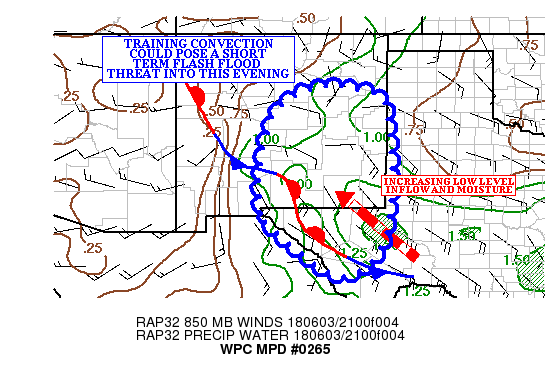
AREAS AFFECTED...CENTRAL AND SOUTHERN NM...FAR WEST TX

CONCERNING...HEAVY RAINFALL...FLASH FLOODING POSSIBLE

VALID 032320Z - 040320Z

SUMMARY...CONVECTION TRAINING ACROSS PORTIONS OF NM INTO FAR WEST
TX COULD POSE A FLASH FLOOD THREAT INTO THE EARLY EVENING HOURS.

DISCUSSION...REGIONAL RADARS ACROSS NM SHOWED BANDS OF CONVECTION
TRACKING EAST NORTHEAST ACROSS CENTRAL AND SOUTHERN NM IN THE MID
LEVEL FLOW. THE CONVECTION IS MOVING THROUGH AN AREA OF 1000 J/KG
OF MLCAPE...AND THE GOES-16 CLEAN IR LOOP SHOWED BURSTS OF COLD
CLOUD TOPS REACHING MINUS 70 DEGREE CELSIUS AT TIMES. THE
CONVECTIVE MODE FOR THESE STORMS IS HAIL/WIND...AS DRY AIR IN THE
MID LEVELS... AND AT THE BASE OF THE SOUNDING (INVERTED V) FAVOR
THESE CONVECTIVE TYPES.

HOWEVER...AS THE PROPAGATION VECTORS BECOME BETTER ALIGNED WITH
THE 850-300 MB MEAN WIND...SHORT TERM TRAINING BECOMES MORE
LIKELY...ESPECIALLY ACROSS SOUTHERN AND CENTRAL NM. THE ABX RADAR
SHOWED HOURLY RAINFALL RATES BETWEEN 1.00/1.50 INCHES OVER
VALENCIA COUNTY NM...AND THIS VERY WELL MAY BE HAIL CONTAMINATED
(AS SUGGESTED BY THE HCA PRODUCT). HOWEVER...MESONET OBSERVATIONS
SOUTH OF ABQ SHOWED RAINFALL AMOUNTS BETWEEN 1.25/1.50
INCHES...WHICH COULD BE ATTRIBUTED TO SHORT TERM TRAINING SEEN ON
THE COMPOSITE RADAR.

THIS AREA HAS BEEN VERY DRY IN THE RECENT PAST...AND IT IS
POSSIBLE THAT THE GROUND CONDITIONS COULD HARD ENOUGH TO ALLOW
MUCH OF THE HEAVY RAINFALL TO BE FUNNELED AS RUNOFF. THE MOST
RECENT HRRR/EXPERIMENTAL HRRR INDICATED LOCAL 1.50 INCH RAINFALL
AMOUNTS OVER SOUTHERN INTO SOUTHEAST NM AFTER 04/00Z...AS THE LOW
LEVEL SOUTHEAST INFLOW INCREASES...AND THE COLUMN MOISTENS. FOR
NOW...FLASH FLOODING IS CONSIDERED POSSIBLE...MAINLY WHERE SHORT
TERM TRAINING OCCURS.

OVER FAR WEST TX...CELLS IN THE BIG BEND AREA HAVE BEEN SLOW
MOVING NEAR A FRONTAL BOUNDARY STRETCHING ACROSS THE REGION. THE
STEERING FLOW HERE IS WEAK IN THE PRESENCE OF MID LEVEL
RIDGING...AND THE SLOW CELL MOTIONS NEAR THE FRONT COULD ALSO POSE
A FLASH FLOOD THREAT. AFTER 04/01Z...THE COVERAGE OF STORMS COULD
INCREASE AHEAD OF SHORT WAVE ENERGY ACROSS THIS AREA... INCREASING
THE FLASH FLOOD THREAT.